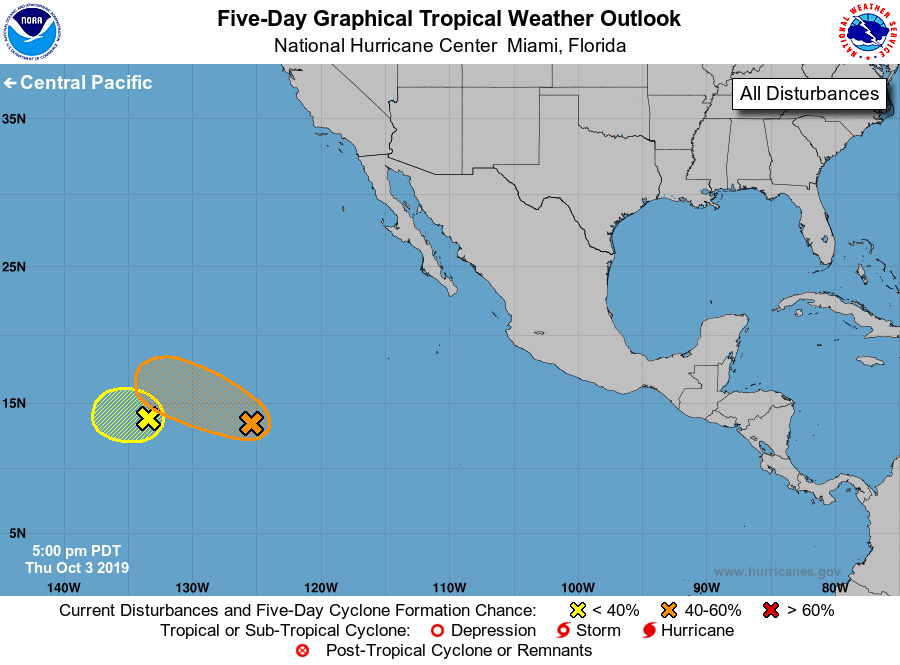
For the eastern North Pacific...east of 140 degrees west longitude:

1. A low pressure system located about 1200 miles southwest of the southern tip of the Baja California peninsula is producing a limited amount of showers and thunderstorms. Some gradual development of this system is possible during the next few days while the low moves west-northwestward at about 5 mph.
* Formation chance through 48 hours...low...30 percent.
* Formation chance through 5 days...medium...40 percent.

2. Another low pressure system located just west of the disturbance mentioned above, about 1700 miles west-southwest of the southern tip of the Baja California peninsula, is producing disorganized shower and thunderstorm activity. Development, if any, of this system should be slow to occur during the next day or two before it interacts or merges with the larger disturbance located to its east.
* Formation chance through 48 hours...low...10 percent.
* Formation chance through 5 days...low...10 percent.

Forecaster Cangialosi